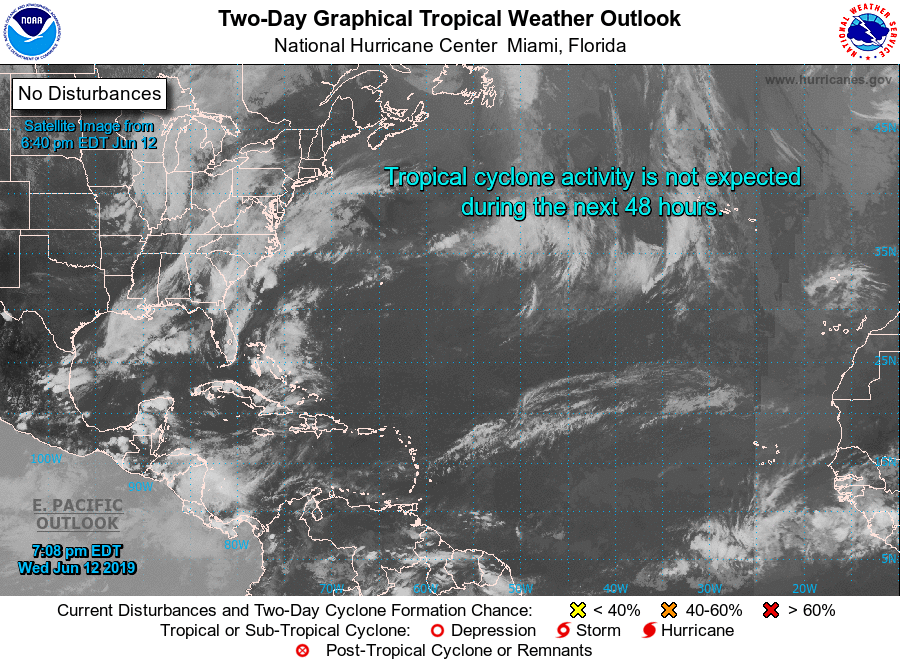
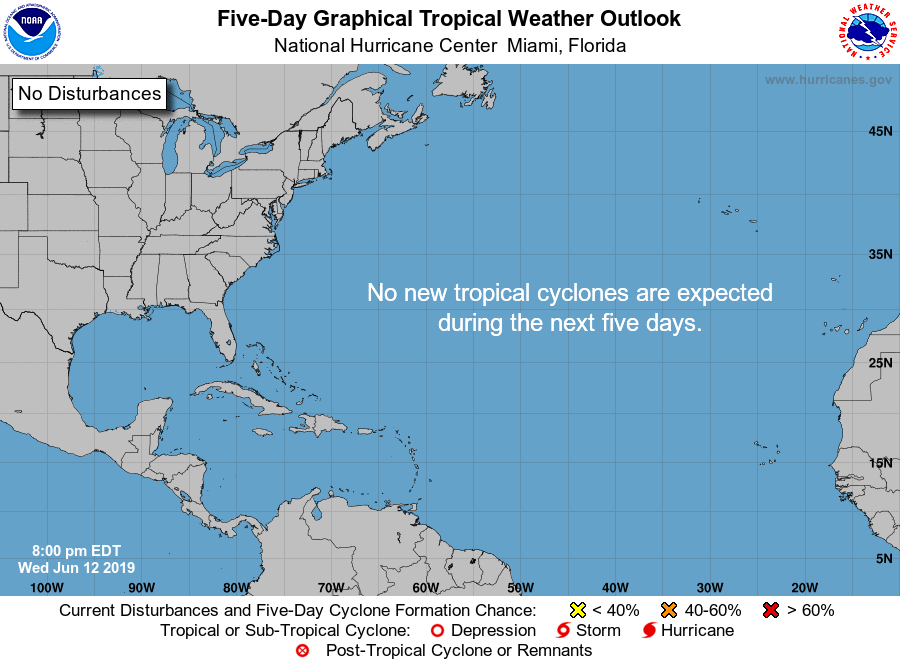
For the North Atlantic...Caribbean Sea and the Gulf of Mexico:

Tropical cyclone formation is not expected during the next 5 days.

Forecaster Beven